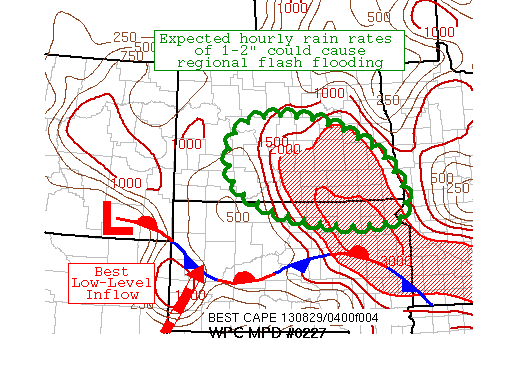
AREAS AFFECTED...SOUTHERN ND...NORTHEAST SD...WESTERNMOST MN

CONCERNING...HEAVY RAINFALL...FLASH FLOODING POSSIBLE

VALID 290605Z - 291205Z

SUMMARY...BACKBUILDING CONVECTION IS POSSIBLE ACROSS SOUTHERN ND
BEGINNING AROUND 08Z, AND CONTINUING TOWARDS 12Z NEAR THE ND/SD
BORDER AS IT STRETCHES TOWARDS MN, WITH RAINFALL RATES OF 1-2
INCHES PER HOUR EXPECTED.  REGIONAL FLASH FLOODING IS POSSIBLE.

DISCUSSION...A BURGEONING THUNDERSTORM COMPLEX NEAR THE ND/MT
BORDER IS EXPECTED TO MOVE SOUTH OF DUE EAST THROUGH THE REMAINDER
OF THE NIGHT/EARLY MORNING, REMAINING ELEVATED NORTH OF A SURFACE
FRONT BOUNDARY DUE TO EXISTING CIN, PER THE LAST COUPLE RUNS OF
THE ARW, AND CLOSER TO ITS 850 HPA SLICE.  CLOUD TOPS CONTINUE TO
EXPAND AND COOL ON RECENT SATELLITE IMAGERY, INDICATING ITS
CONTINUED DEVELOPMENT.  VAD WIND PROFILES FROM SD HAVE BEEN
INTERESTING, WITH RAPID CITY SD SHOWING THE 850 HPA INFLOW
INCREASING TO 35 KNOTS AN HOUR AGO, BEFORE RECENTLY RELAXING.  THE
04Z RAP INDICATES THAT THERE SHOULD BE ANOTHER INCREASE IN THE
LOW-LEVEL INFLOW SHORTLY BACK UP TO 35 KNOTS, WHICH SHOULD RESULT
IN 0-3 KM SHEAR IN THE RANGE OF 40 KNOTS.  CAPE WITHIN THE 03Z RAP
AND 00Z ARW INDICATE THAT VALUES NEAR THE CURRENT COMPLEX ARE
AROUND 2000 J/KG, THOUGH VALUES DOWNSTREAM NEAR THE ND/SD BORDER
ARE EXPECTED TO BE IN THE 3000-4000 J/KG RANGE.  THIS COMBINATION
OF LOW-LEVEL WIND SHEAR AND CAPE WOULD RESULT IN WET MICROBURSTS,
BOW ECHOES, OR DERECHOES, IMPLYING THAT THE COMPLEX SHOULD KEEP
MOVING ALONG.

HOWEVER, AN INCREASING LOW-LEVEL JET SHOULD ALLOW FOR BACKBUILDING
ON ITS SOUTHWEST PERIPHERY BETWEEN 08Z-12Z FAIRLY CLOSE TO THE
ND/SD BORDER, WHICH COULD LEAD TO REGIONAL FLASH FLOODING AND
COULD FORM A LENGTHENING RAIN BAND IN THAT AREA.  THE 00Z GFS
CORFIDI VECTORS DO SHOW WEAKENING CONVECTIVE PROPAGATION FOR THIS
REASON.  PRECIPITABLE WATER VALUES OF 1.75-2 INCHES EXIST ACROSS
THE REGION, ABOVE THE 90TH PERCENTILE FOR LATE AUGUST, WHICH
SHOULD ALLOW FOR ABOVE AVERAGE PRECIPITATION EFFICIENCY.  RAINFALL
RATES ARE EXPECTED TO BE IN THE 1-2 INCH PER HOUR RANGE, WHICH
WOULD EXCEED FLASH FLOOD GUIDANCE, WITH LOCAL AMOUNTS OF 2-4
INCHES POSSIBLE WITHIN A SHORT TIME FRAME.  SINCE THE EVENT HAS
NOT BEGUN TO UNFOLD YET, CONFIDENCE IS NO BETTER THAN AVERAGE,